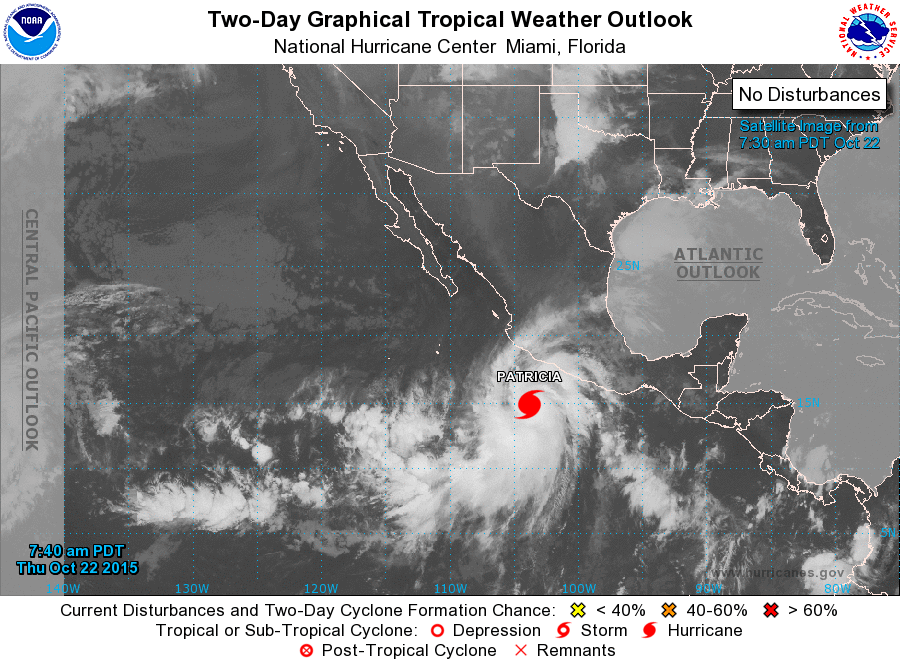
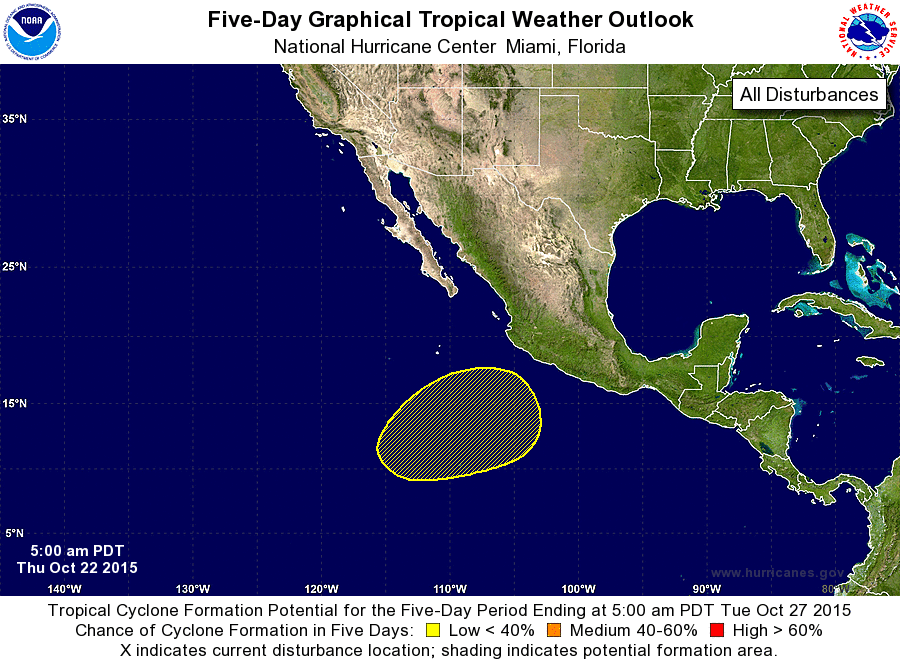
For the eastern North Pacific...east of 140 degrees west longitude:

The National Hurricane Center is issuing advisories on Hurricane Patricia, located a couple of hundred miles south of Lazaro Cardenas, Mexico.

1. An area of low pressure is expected to form several hundred miles south or south-southwest of the southern tip of the Baja California peninsula Friday or over the weekend. Environmental conditions are expected to be marginally conducive for gradual development of this system while it moves slowly toward the east-northeast or northeast.
* Formation chance through 48 hours...low...near 0 percent
* Formation chance through 5 days...low...20 percent

Forecaster Roberts